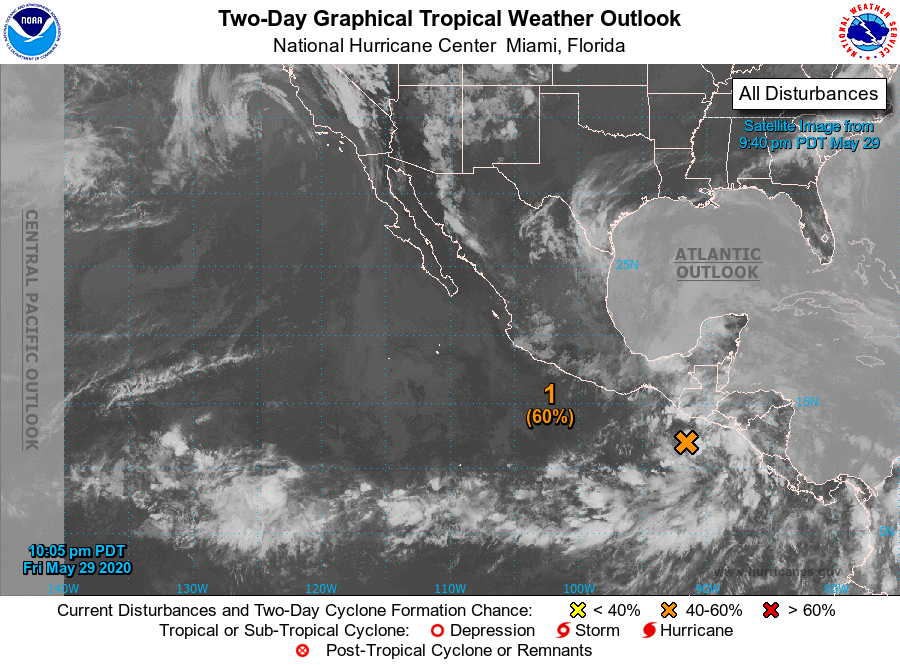
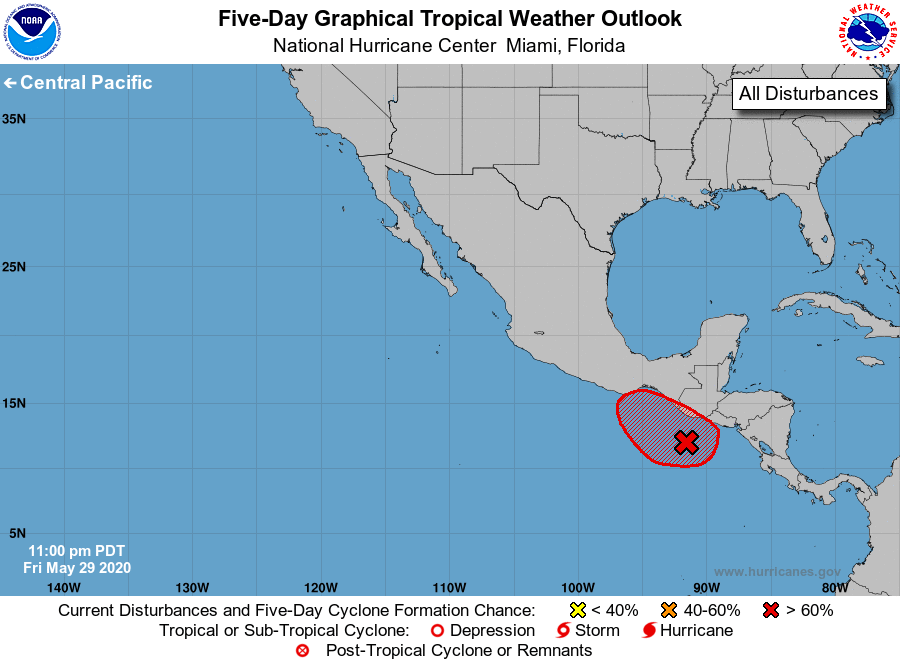
For the eastern North Pacific...east of 140 degrees west longitude:

1. Shower and thunderstorm activity is gradually becoming better organized in association with a broad area of low pressure located a couple of hundred miles south of the coasts of Central America and southern Mexico. Environmental conditions appear conducive for gradual development and a tropical depression could form this weekend before the system moves northward and inland over Central America or southern Mexico.

Regardless of development, this system is expected to produce heavy rainfall over portions of Central America and southern Mexico this weekend and early next week. These rains could cause life-threatening flash floods and mudslides, especially in areas of mountainous terrain. See products from your local meteorological service for additional information.
* Formation chance through 48 hours...medium...60 percent.
* Formation chance through 5 days...high...70 percent.

Forecaster Beven